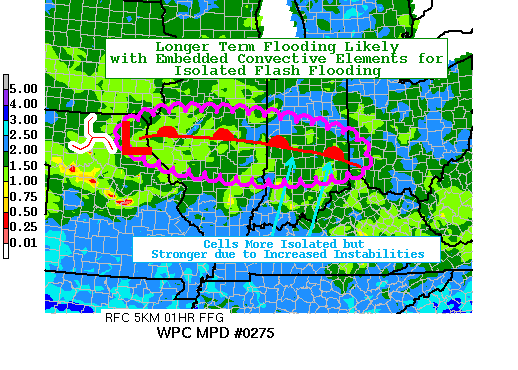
AREAS AFFECTED...NORTHEAST MISSOURI....CENTRAL ILLINOIS...CENTRAL
INDIANA...SOUTHWEST OHIO

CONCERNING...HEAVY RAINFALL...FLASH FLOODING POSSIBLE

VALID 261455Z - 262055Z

SUMMARY...DEVELOPMENT ALONG WARM FRONT/ DEFORMATION ZONE LIKELY TO
LEAD TO LONGER DURATION FLOODING. LOW FLASH FLOOD GUIDANCE AND
INCREASING CONVECTIVE DEVELOPMENT HAS POSSIBILITY OF SOME POCKETS
OF FLASH FLOODING.

DISCUSSION...DEVELOPING UPPER LOW BEGINNING TO DEEPEN ACROSS
NORTHERN MISSOURI PER WATER VAPOR LOOP...WITH BROAD SHEAR AXIS
EXTENDING EASTWARD. THIS DEFORMATION AXIS IS COINCIDENT THROUGH A
DEEP LAYER JUST NORTH OF THE SURFACE WARM FRONT WHICH IS ANALYZED
FROM N MO TO KIND TO NEAR KCVG.  THE STRONG PVA NEAR THE UPPER LOW
AND WEST-SOUTHWESTERLY LOW LEVEL FLOW ACROSS SOUTHERN MISSOURI
INTO SOUTHERN ILLINOIS HAS A LONG AREA OF MAXIMIZED MOISTURE
CONVERGENCE ALONG THE FRONT FOR ENOUGH LIFT TO SUPPORT SOME
INITIAL CONVECTIVE DEVELOPMENT NEAR THE UPPER LOW INTO CENTRAL IL
AT THIS TIME. THESE CELLS ARE TAPPING WEAK TO MODERATE INSTABILITY
FOR CONVECTIVE GROWTH BUT CONSIDERING IT IS IN THE 500 J/KG RANGE
IT COULD BE EXHAUSTED OVER THE NEXT FEW HOURS. STILL INITIAL RATES
OF 1-1.5"/HR ARE LIKELY AND GIVEN THE VERY SLOW MOTIONS ALONG THE
DEFORMATION ZONE...TOTALS COULD COMPILE QUICKLY ENOUGH FOR SOME
SPOTS OF FLASHY CONDITIONS PARTICULARLY GIVEN THE LOW GUIDANCE AND
SATURATED SOILS HAVING 150-200 PERCENT ABOVE NORMAL RAINFALL OVER
THE PAST WEEK OR SO.  EVENTUALLY... THE LINE WILL CONGEAL AND LOSE
VERTICAL DEPTH AND FLOOD THREAT WILL DEVOLVE TO A LONGER DURATION
FLOOD THREAT.

FURTHER EAST INTO INDIANA/SOUTHWEST OHIO...HI-RES CONVECTIVE
ALLOWING MODELS INDICATE A BIT MORE INSTABILITY BUT WITH LESSENED
UPPER LEVEL SUPPORT CELLS SHOULD DEVELOP MORE ISOLATED IN NATURE.
SOME WEAK/ADDITIONAL SURFACE HEATING HAS ALLOWED FOR INCREASED
INSTABILITIES OF 1000-1500 J/KG PER RECENT RAP ANALYSIS...THIS
SHOULD MAKE FOR MORE EFFICIENT CELLS WITH 1.75" TPWS/NEARLY
SATURATED PROFILES...EXPECT RATES IN THE 1.75-2"/HR RANGE.  CELL
MOTIONS SHOULD BE SLOW TOWARD THE EAST NORTH OF THE WARM FRONT.
GIVEN THE TRACK OF THE SURFACE CYCLONE/NEARLY UNIDIRECTIONAL FLOW
IN THE CLOUD BEARING LAYER PARALLEL TO THE FRONT...SOME TRAINING
IS ALSO LIKELY ALONG AND JUST NORTH OF THE FRONT INCREASING FLASH
FLOOD THREAT.